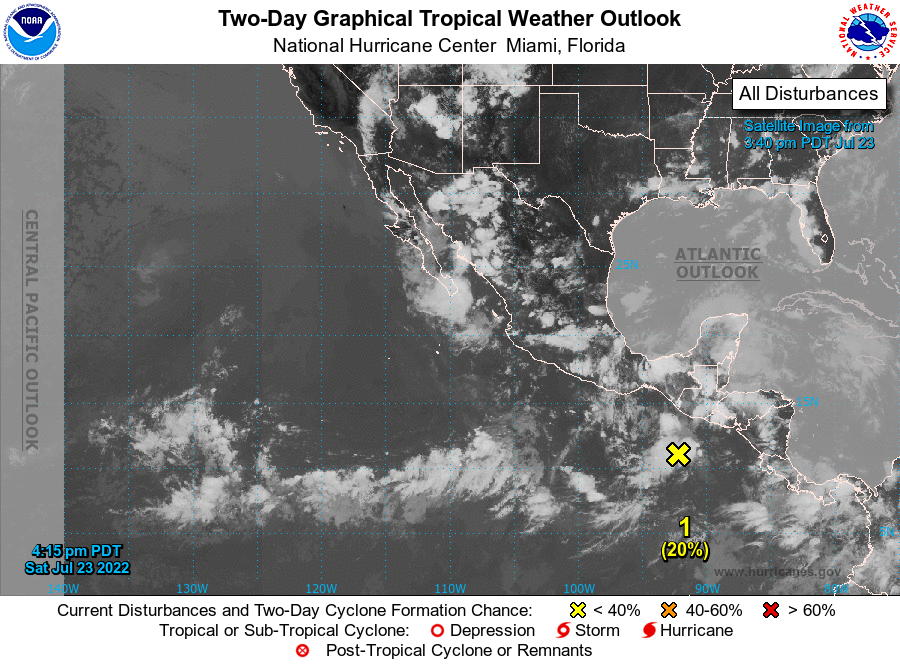
For the eastern North Pacific...east of 140 degrees west longitude:

1. Offshore of Central America and Southern Mexico: A tropical wave is producing disorganized showers and thunderstorms a couple of hundred miles off the coast of extreme southeastern Mexico. Environmental conditions are expected to be conducive for gradual development of this system, and a tropical depression is likely to form by the middle of the week. The disturbance is forecast to move generally westward at 10 to 15 mph, remaining well south of the coast of southern and southwestern Mexico during the next several days.
* Formation chance through 48 hours...low...20 percent.
* Formation chance through 5 days...high...70 percent.

Forecaster Cangialosi